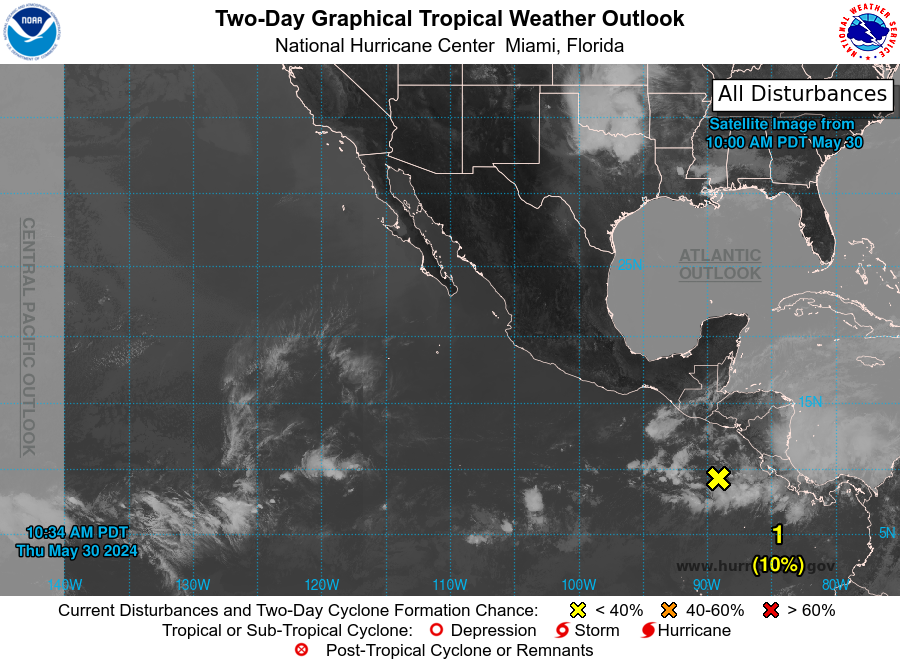
For the eastern North Pacific...east of 140 degrees west longitude:

1. South of the Coast of Southern Mexico: A broad area of low pressure, associated with a tropical wave, has formed a couple of hundred miles west of the coast of Central America and is producing disorganized showers and thunderstorms. Some slow development of this system is possible through the weekend and early next week while it moves slowly westward well to the south of the coast of Mexico.
* Formation chance through 48 hours...low...10 percent.
* Formation chance through 7 days...low...20 percent.

Forecaster Berg